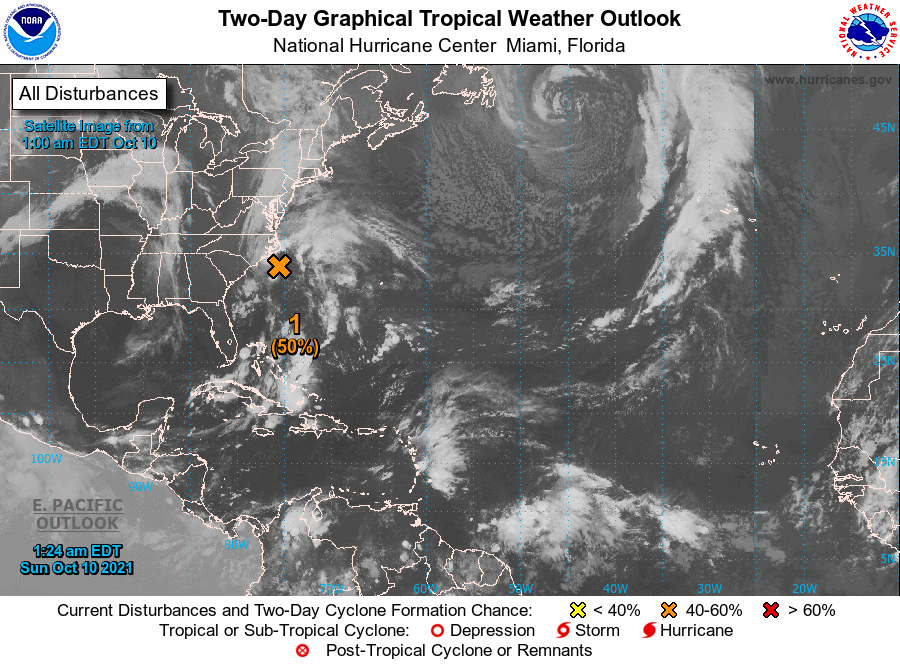
For the North Atlantic...Caribbean Sea and the Gulf of Mexico:

1. A large non-tropical low pressure area is nearly stationary located about 100 miles southeast of Morehead City, North Carolina. While recent satellite wind data indicates that the center has become better defined while producing an area of gale-force winds in its northern semicircle, the associated shower and thunderstorm activity near the center is minimal and has not become better organized. This system could still become a short-lived subtropical storm later today, but environmental conditions should become unfavorable for any further development on Monday. The low is forecast to move slowly northward and approach eastern North Carolina later today. Interests in that area should monitor the progress of this system and refer to local National Weather Service office products for more information. Regardless of development, intermittent periods of locally heavy rains and gusty winds will affect southeastern and eastern portions of North Carolina during the next day or two. Additional information on this low pressure system, including gale warnings, can be found in High Seas Forecasts issued by the National Weather Service.
* Formation chance through 48 hours...medium...50 percent.
* Formation chance through 5 days...medium...50 percent.

High Seas Forecasts issued by the National Weather Service can be found under AWIPS header NFDHSFAT1, WMO header FZNT01 KWBC, and online at ocean.weather.gov/shtml/NFDHSFAT1.php

Forecaster Papin